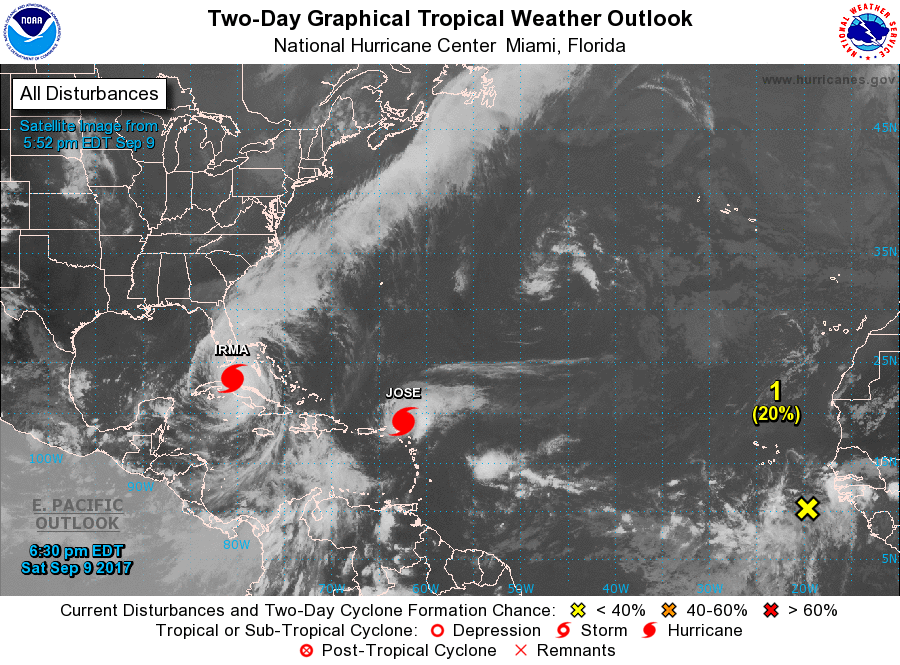
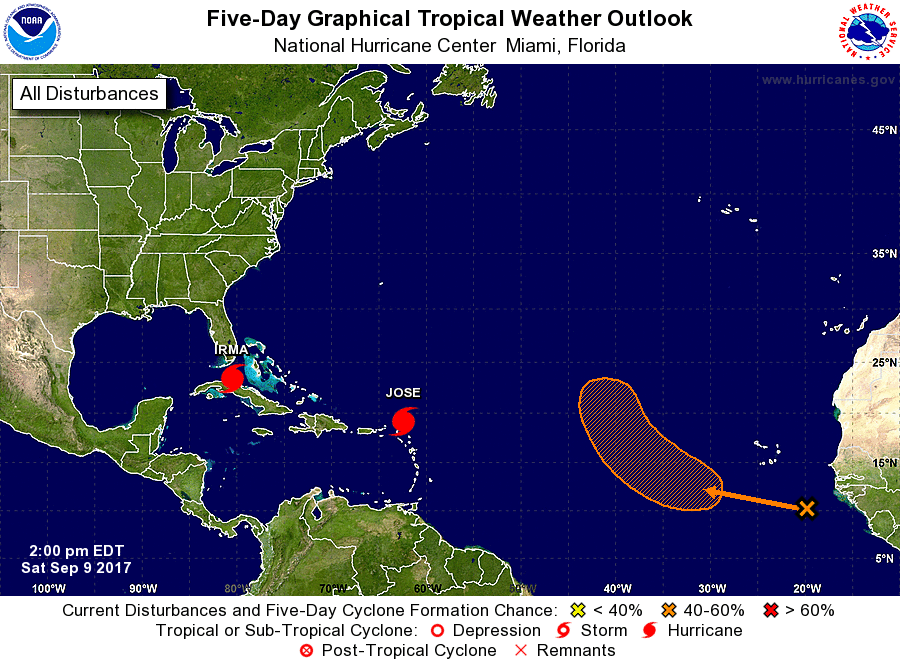
For the North Atlantic...Caribbean Sea and the Gulf of Mexico:

The National Hurricane Center is issuing advisories on Hurricane Irma, located near the northern coast of central Cuba, and on Hurricane Jose, located just northeast of the northern Leeward Islands. The National Hurricane Center has issued the last advisory on the remnants of Katia, which has dissipated over eastern Mexico.

1. Shower and thunderstorm activity associated with a tropical wave located several hundred miles south of the Cabo Verde Islands has become somewhat better organized today. Environmental conditions are expected to support at least some additional development, and a tropical depression could form in a few days while the system moves generally northwestward over the eastern Atlantic Ocean.
* Formation chance through 48 hours...low...20 percent.
* Formation chance through 5 days...medium...40 percent.

Forecaster Zelinsky